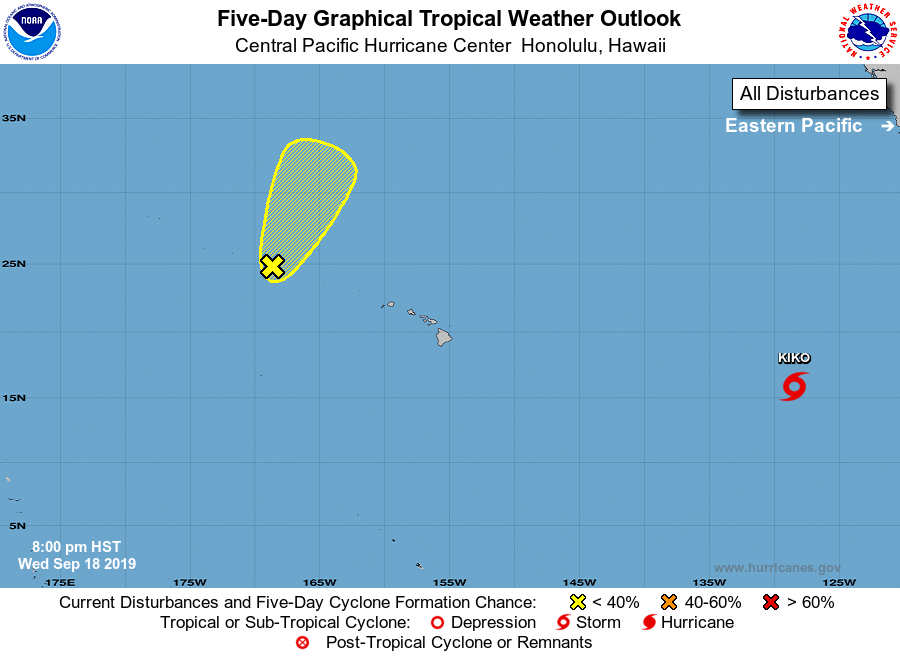
For the central North Pacific...between 140W and 180W:

1. A disorganized area of showers and thunderstorms is associated with an elongated area of low pressure around 625 miles west of Kauai. This system will move north-northeast into more unfavorable environmental conditions later tonight as it interacts with with an upper low. Locally gusty winds and heavy rain are expected for portions of the Papahanaumokuakea Marine National Monument over the next day or so.
* Formation chance through 48 hours...low...near 0 percent.
* Formation chance through 5 days...low...near 0 percent.

Elsewhere, no tropical cyclones are expected during the next 5 days.

Forecaster Foster